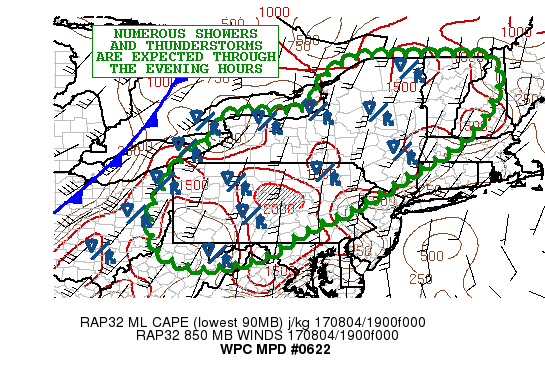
AREAS AFFECTED...FAR EASTERN OH...NORTHERN WV...WESTERN
MD...PA...NY...VT...WESTERN NH...FAR WESTERN MA

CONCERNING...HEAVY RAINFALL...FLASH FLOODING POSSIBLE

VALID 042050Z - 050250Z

SUMMARY...NUMEROUS SHOWERS AND THUNDERSTORMS ARE EXPECTED THROUGH
THE EVENING HOURS WITH SOME LOCALLY VERY HEAVY RAINFALL. SOME
FLASH FLOODING CANNOT BE RULED OUT.

DISCUSSION...THE LATEST GOES-WV/IR SATELLITE IMAGERY SHOWS A
STRONG UPPER TROUGH TAKING ON A NEGATIVE TILT AS IT CROSSES THE
GREAT LAKES REGION AND PORTIONS OF THE UPPER OH VALLEY THIS
AFTERNOON. THIS IS FOSTERING ROBUST LARGE SCALE DYNAMICS/FORCING
ALONG AND OUT AHEAD OF AN ASSOCIATED COLD FRONT THAT IS QUICKLY
ADVANCING EAST TOWARD THE NORTHERN MID-ATLANTIC STATES AND THE
NORTHEAST. ALREADY THERE ARE NUMEROUS SHOWERS AND THUNDERSTORMS
ALONG AND AHEAD OF THE COLD FRONT AS THE DYNAMICS/LARGE SCALE
SHEAR FOSTERED BY THE UPPER TROUGH INTERACTS WITH A MOIST AND
UNSTABLE BOUNDARY LAYER. IN FACT...PWATS ARE GENERALLY 1.5 TO 1.75
INCHES WITH MLCAPE VALUES OF AS MUCH AS 1500 TO 2000 J/KG.

THE PROGRESSIVE NATURE OF THE CONVECTION TO THIS POINT HAS
GENERALLY PRECLUDED THERE BEING MUCH OF A FLASH FLOOD THREAT...BUT
OVER THE NEXT FEW HOURS THERE WILL BE CLUSTERS OF MULTI-CELL
CONVECTION THAT MAY BEGIN TO MERGE TOGETHER AND BECOME A BIT MORE
ORGANIZED AS THE UPSTREAM TROUGH CONTINUES TO ADVANCE EAST AND
AMPLIFY. SOME REPEATING OF CONVECTIVE CELLS WILL BE POSSIBLE AS
WELL...AND THE COMBINATION OF THIS AND CELL-MERGERS MAY RESULT IN
SOME GROWING CONCERN FOR POCKETS OF FLASH FLOODING. RAINFALL
AMOUNTS OF TO 2 INCHES/HR ARE POSSIBLE...WITH SOME LOCALIZED STORM
TOTALS OF 3 TO 4 INCHES.

THIS IN PARTICULAR MAY CAUSE SOME CONCERNS OVER AREAS OF HIGHER
TERRAIN INVOLVING PARTS OF THE CENTRAL AND NORTHERN APPALACHIANS
FROM NORTHERN WV/WESTERN MD POINTS NORTHEAST UP ACROSS
WEST-CENTRAL PA AND CENTRAL/SOUTHERN NY. SOME OF THESE AREAS HAVE
SEEN VERY HEAVY RAINFALL OVER THE LAST WEEK...AND SO THE SOIL
CONDITIONS WILL BE LOCALLY SENSITIVE TO THESE ADDITIONAL AMOUNTS.